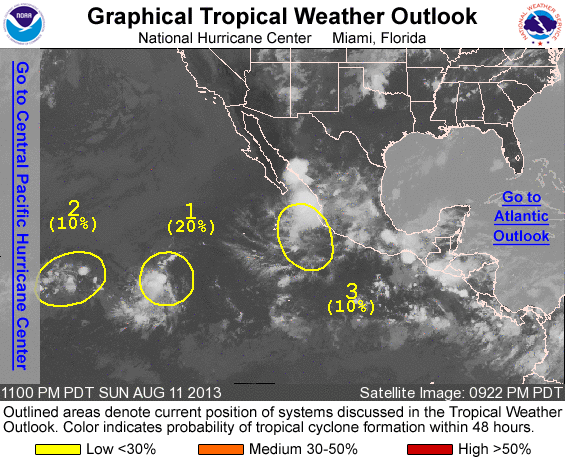
FOR THE EASTERN NORTH PACIFIC...EAST OF 140 DEGREES WEST LONGITUDE..

1. THE LOW PRESSURE SYSTEM LOCATED ABOUT 1125 MILES SOUTHWEST OF THE SOUTHERN TIP OF THE BAJA CALIFORNIA PENINSULA HAS CHANGED LITTLE IN ORGANIZATION DURING THE PAST FEW HOURS. ENVIRONMENTAL CONDITIONS ARE EXPECTED TO BE MARGINALLY CONDUCIVE FOR DEVELOPMENT OVER THE NEXT SEVERAL DAYS WHILE THE LOW MOVES WESTWARD AT AROUND 15 MPH. THIS SYSTEM HAS A LOW CHANCE...20 PERCENT...OF BECOMING A TROPICAL CYCLONE DURING THE NEXT 48 HOURS...AND A MEDIUM CHANCE...30 PERCENT...OF BECOMING A TROPICAL CYCLONE DURING THE NEXT 5 DAYS.

2. SHOWERS AND THUNDERSTORMS ASSOCIATED WITH A TROUGH OF LOW PRESSURE LOCATED ABOUT 1300 MILES EAST-SOUTHEAST OF THE BIG ISLAND OF HAWAII REMAIN DISORGANIZED. DEVELOPMENT OF THIS DISTURBANCE...IF ANY... SHOULD BE SLOW TO OCCUR AS IT MOVES WESTWARD AT ABOUT 15 MPH OVER THE NEXT FEW DAYS. THIS SYSTEM HAS A LOW CHANCE...10 PERCENT...OF BECOMING A TROPICAL CYCLONE DURING THE NEXT 48 HOURS...AS WELL AS A LOW CHANCE...10 PERCENT...OF BECOMING A TROPICAL CYCLONE DURING THE NEXT 5 DAYS.

3. SHOWER AND THUNDERSTORM ACTIVITY LOCATED A FEW HUNDRED MILES OFF THE SOUTHWESTERN COAST OF MEXICO HAS DIMINISHED DURING THE PAST FEW HOURS. UPPER-LEVEL WINDS DO NOT APPEAR CONDUCIVE FOR DEVELOPMENT OVER THE NEXT FEW DAYS AS THE ASSOCIATED SURFACE TROUGH MOVES WESTWARD AWAY FROM THE COAST AT 5 TO 10 MPH. THIS SYSTEM HAS A LOW CHANCE...10 PERCENT...OF BECOMING A TROPICAL CYCLONE DURING THE NEXT 48 HOURS...AND A LOW CHANCE...10 PERCENT...OF BECOMING A TROPICAL CYCLONE DURING THE NEXT 5 DAYS.

FIVE-DAY FORMATION PROBABILITIES ARE EXPERIMENTAL IN 2013. COMMENTS ON THE EXPERIMENTAL FORECASTS CAN BE PROVIDED AT...

HTTP://WWW.NWS.NOAA.GOV/SURVEY/NWS-SURVEY.PHP?CODE=ETWO

FORECASTER BERG